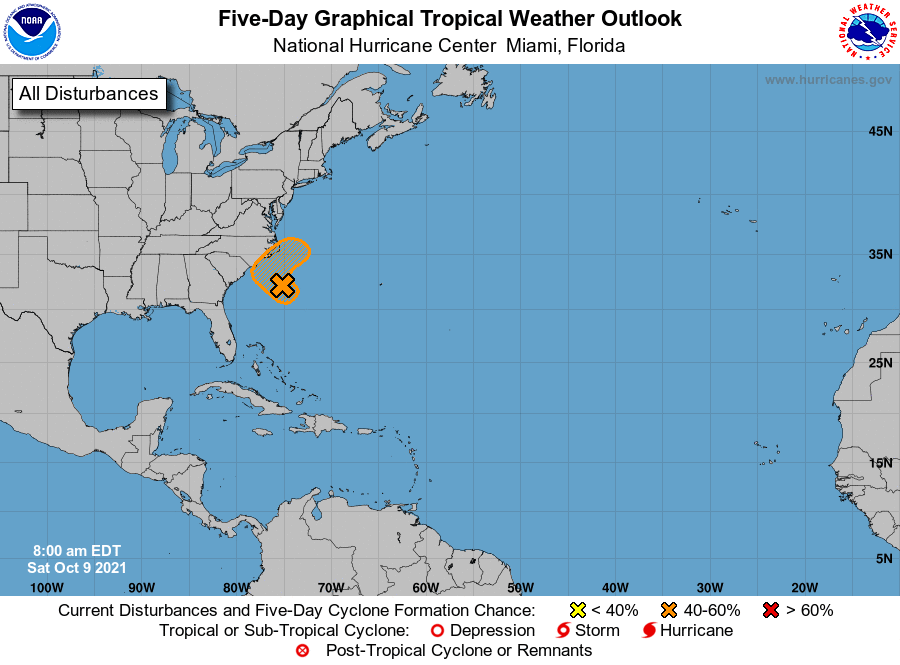
For the North Atlantic...Caribbean Sea and the Gulf of Mexico:

A well-defined, non-tropical low pressure system located about 200 miles southeast of Morehead City and Wilmington, North Carolina, continues to produce a large area of cloudiness and disorganized showers and thunderstorms. Environmental conditions could briefly become marginally conducive for the low to acquire subtropical characteristics through early Sunday. However, by late Sunday and Monday, environmental conditions should become unfavorable for any further development. The low is forecast to move slowly northwestward during the next day or so, and approach the North Carolina coast tonight and early Sunday. Therefore, interests along the North Carolina coast should monitor the progress of this system.

1. Regardless of development, intermittent periods of locally heavy rains and gusty winds will affect southeastern and eastern portions of North Carolina during the next day or two. An Air Force Reserve reconnaissance aircraft is scheduled to investigate the low this afternoon. Additional information on this system, including gale warnings, can be found in High Seas Forecasts issued by the National Weather Service.
* Formation chance through 48 hours...medium...40 percent.
* Formation chance through 5 days...medium...40 percent.

High Seas Forecasts issued by the National Weather Service can be found under AWIPS header NFDHSFAT1, WMO header FZNT01 KWBC, and online at ocean.weather.gov/shtml/NFDHSFAT1.php

Forecaster Stewart